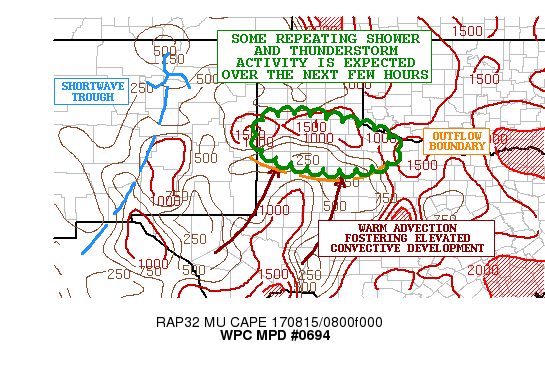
AREAS AFFECTED...WEST-CENTRAL TO NORTHWEST TX

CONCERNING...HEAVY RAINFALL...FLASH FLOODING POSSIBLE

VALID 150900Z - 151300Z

SUMMARY...ADDITIONAL ROUNDS OF SHOWERS AND THUNDERSTORMS WITH SOME
REPEATING OF CELLS WILL FOSTER SOME POSSIBLE RUNOFF AND/OR FLASH
FLOODING CONCERNS OVER THE NEXT FEW HOURS.

DISCUSSION...A SHORTWAVE TROUGH ADVANCING EAST ACROSS
CENTRAL/NORTHERN NM IS FOSTERING ADDITIONAL ELEVATED CONVECTIVE
DEVELOPMENT ACROSS AREAS OF WEST TX. THE APPROACHING SHORTWAVE IS
ENHANCING THE WARM ADVECTION PATTERN OVER THE SOUTHERN HIGH PLAINS
AND THE CONVECTION OVER THE LAST COUPLE OF HOURS HAS BEEN FORMING
WITHIN AN ELEVATED INSTABILITY GRADIENT AS EARLIER CONVECTION HAD
LAID DOWN A RATHER WELL-DEFINED COLD POOL. CLOUD TOPS OVER THE
LAST HOUR HAVE COOLED FURTHER...AND SO THE CONVECTION HAS GROWING
FURTHER IN ORGANIZATION/STRENGTH.

THE CURRENT CONVECTIVE ACTIVITY SHOULD CONTINUE ADVANCING OFF TO
THE EAST OVER THE NEXT FEW HOURS...BUT WILL BE TENDING TO FALL
OVER AREAS THAT HAVE ALREADY SEEN SOME HEAVY RAINFALL GOING BACK
TO LAST EVENING...AND ALSO THE NIGHT BEFORE. THE RELATIVELY WET
ANTECEDENT CONDITIONS AS A RESULT WILL ALLOW FOR ANY ADDITIONAL
CONVECTIVE RAINFALL TO POTENTIALLY RESULT IN SOME RUNOFF AND
POSSIBLE FLASH FLOODING THIS MORNING.

ADDITIONAL RAINFALL AMOUNTS OF 2 TO 3 INCHES ARE POSSIBLE OVER THE
NEXT FEW HOURS AND ESPECIALLY WITH THE THREAT OF REPEATING CELL
ACTIVITY. THE CONVECTION IS EXPECTED TO WEAKEN GENERALLY AFTER
12Z...AS PER THE LATEST HRRR GUIDANCE...BUT THE CONVECTIVE TRENDS
WILL BE MONITORED.